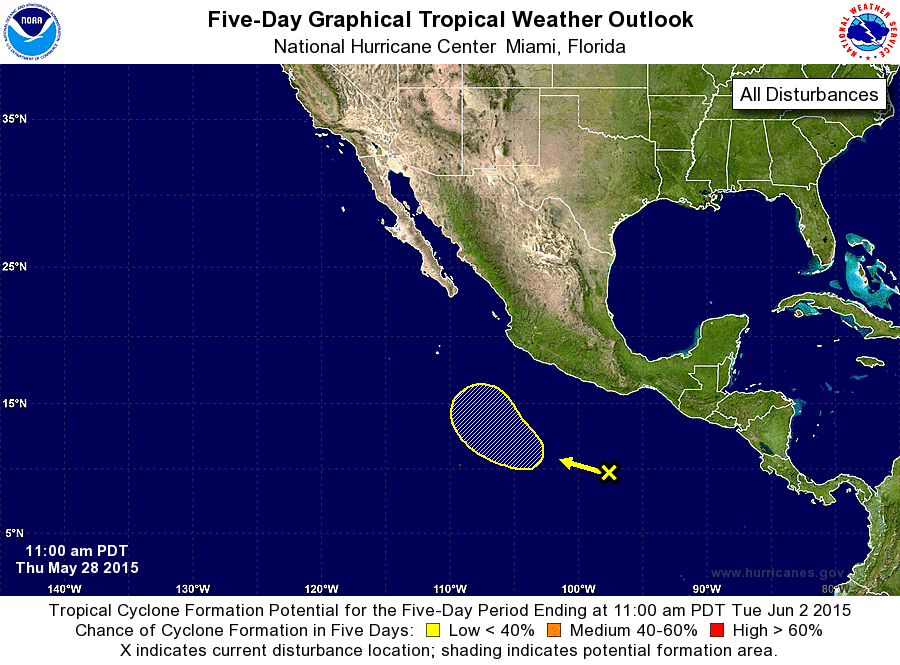
For the eastern North Pacific...east of 140 degrees west longitude:

The National Hurricane Center is issuing advisories on recently upgraded Tropical Storm Andres, located about 690 miles southwest of Manzanillo, Mexico.

1. A small area of disorganized showers and a few thunderstorms associated with a tropical wave is located several hundred miles south-southwest of the Gulf of Tehuantepec. Some gradual development of this system is possible early next week while it moves slowly west-northwestward.
* Formation chance through 48 hours...low...near 0 percent
* Formation chance through 5 days...low...20 percent

Public Advisories on Andres are issued under WMO header WTPZ31 KNHC and under AWIPS header MIATCPEP1. Forecast/Advisories on Andres are issued under WMO header WTPZ21 KNHC and under AWIPS header MIATCMEP1.

Forecaster Brown